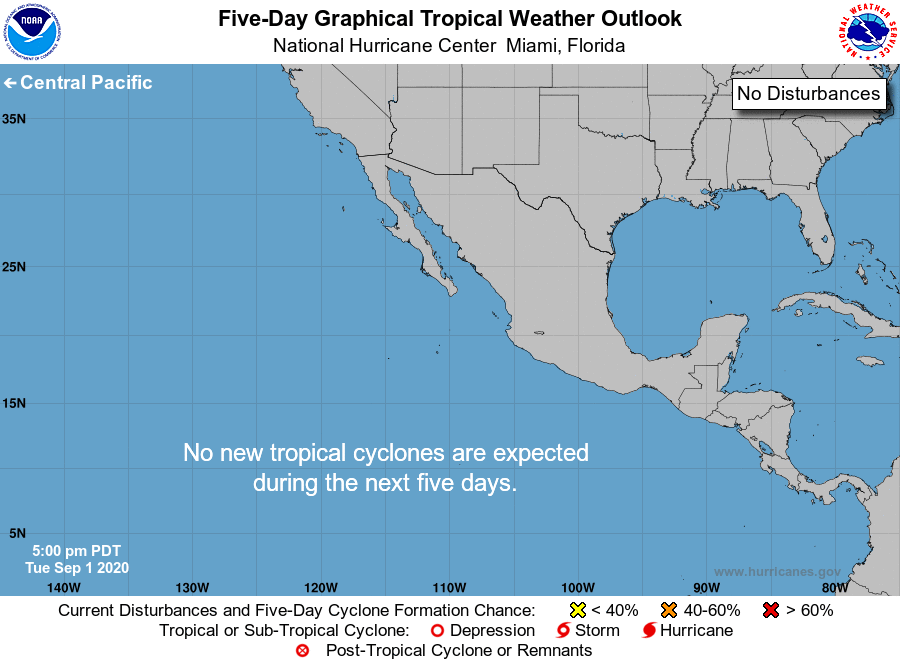
For the eastern North Pacific...east of 140 degrees west longitude:

Tropical cyclone formation is not expected during the next 5 days.

Forecaster Brown